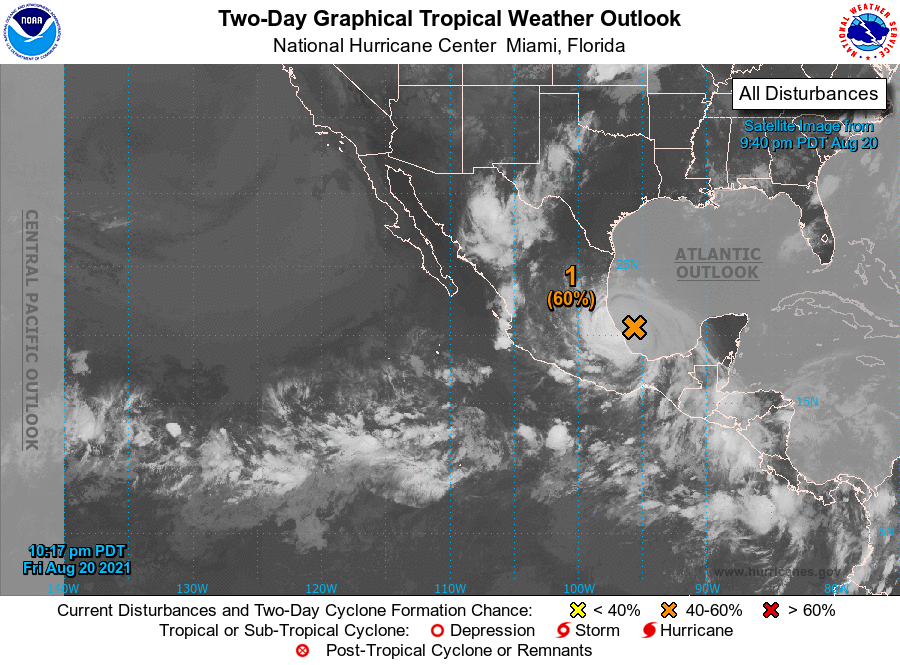
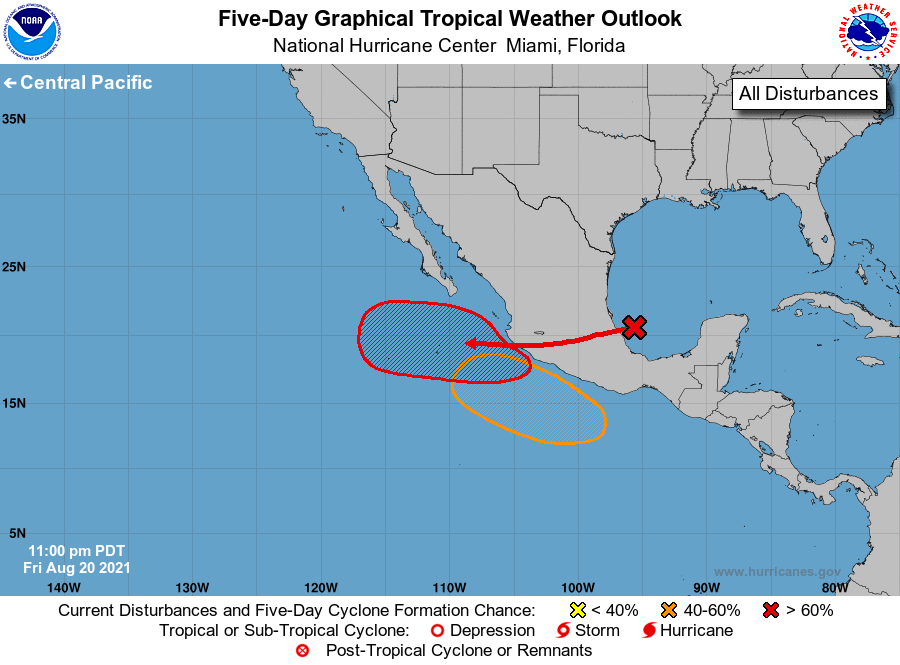
For the eastern North Pacific...east of 140 degrees west longitude:

1. Hurricane Grace located over the southwestern Gulf of Mexico near the coast of mainland Mexico is forecast to dissipate over inland Mexico by early Sunday. However, Grace's remnants are expected to continue moving westward and emerge over the eastern Pacific Ocean off the west-central coast of Mexico by Sunday afternoon. Environmental conditions are forecast to be conducive for development, and a tropical depression is likely to form by early next week while the system moves westward at 10 to 15 mph away from the coast of Mexico.
* Formation chance through 48 hours...medium...60 percent.
* Formation chance through 5 days...high...80 percent.

2. An area of low pressure is forecast to form offshore of the coast of southern Mexico early next week. Environmental conditions are expected to be conducive for some gradual development thereafter, and a tropical depression could form by the middle of next week. The system is forecast to move generally west-northwestward at 10 to 15 mph, near or just offshore of the southwestern coast of Mexico.
* Formation chance through 48 hours...low...near 0 percent.
* Formation chance through 5 days...medium...60 percent.

Forecaster Latto